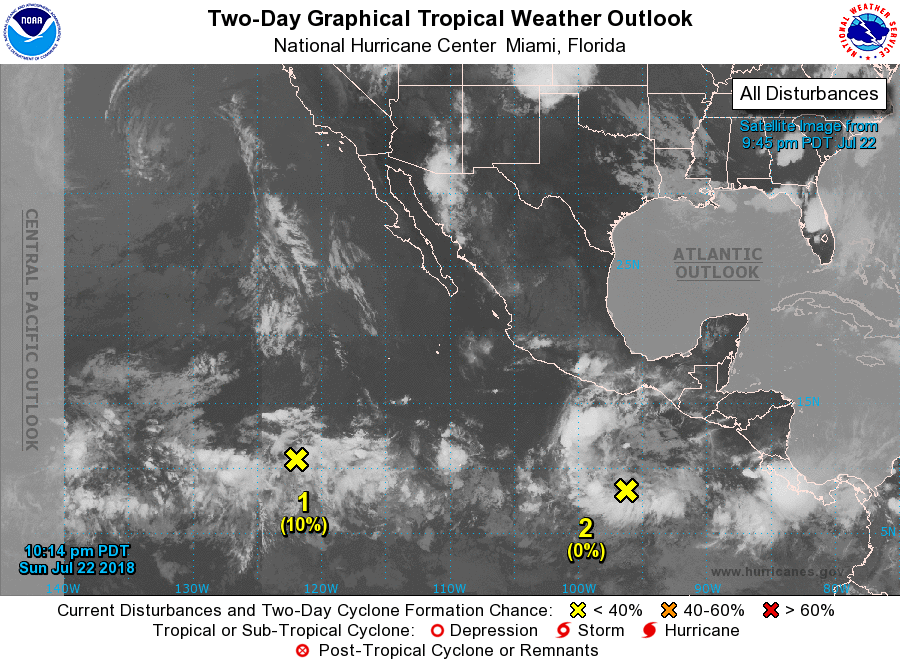
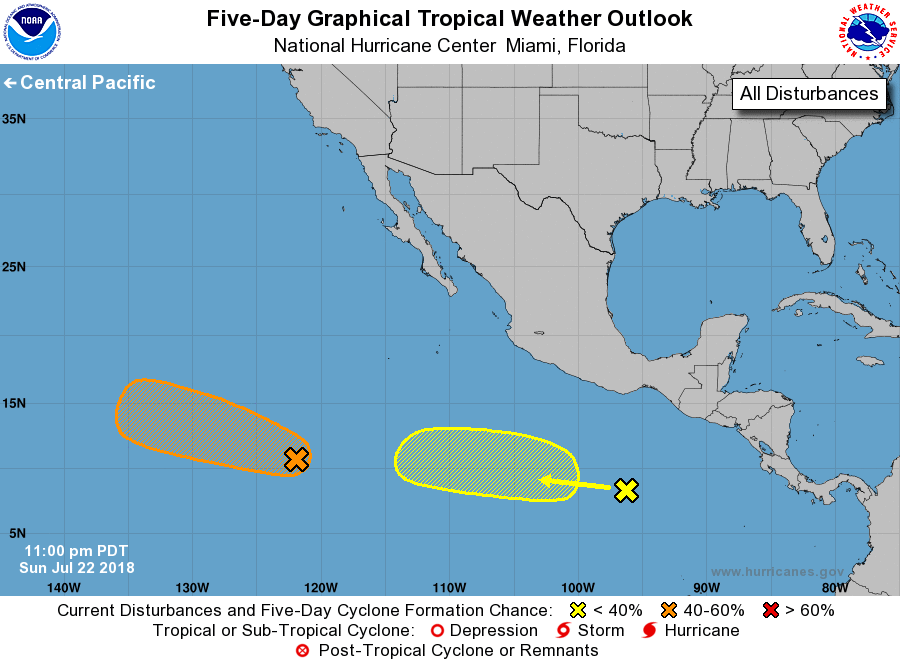
For the eastern North Pacific...east of 140 degrees west longitude:

1. An area of disturbed weather located several hundred miles southwest of the southern tip of the Baja California Peninsula is moving westward to west-northwestward at 15 to 20 mph. This system remains disorganized, and environmental conditions are expected to be only marginally conducive for a tropical depression form by Tuesday or Wednesday. After that time, upper-level winds are forecast to become unfavorable for development.
* Formation chance through 48 hours...low...10 percent.
* Formation chance through 5 days...medium...40 percent.

2. A weak low pressure system is located several hundred miles south-southwest of the Gulf of Tehuantepec. Little development of the system is expected during the next day or two. After that time, environmental conditions are forecast to become a little more conducive for gradual development while the system moves toward the west or west-northwest, remaining well south of Mexico.
* Formation chance through 48 hours...low...near 0 percent.
* Formation chance through 5 days...low...30 percent.

Forecaster Stewart